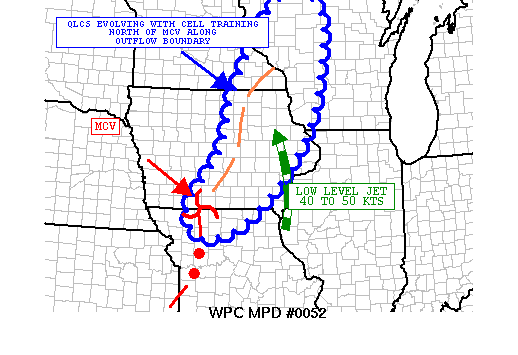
AREAS AFFECTED...NORTHERN MO...CENTRAL AND EASTERM IA...SOUTHEAST
MN...WESTERN WI

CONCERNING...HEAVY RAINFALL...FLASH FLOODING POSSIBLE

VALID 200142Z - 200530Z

SUMMARY...POTENTIAL CONTINUES FOR CONVECTIVE CLUSTERS TO MERGE AND
LOCALLY TRAIN OVER THE SAME AREA THE NEXT FEW HOURS AS A BROKEN
QLCS SLOWLY SHIFTS EAST.

DISCUSSION...NUMEROUS COLD-TOPPED CONVECTIVE CLUSTERS CONTINUE
INUNDATE THE MIDWEST ATTM...AS WHAT ESSENTIALLY CONSTITUES A QLCS
ADVANCES SLOWLY EAST WITH THE AID OF A WELL-DEFINED MCV OVER NWRN
MO. EXTENDING NORTHEAST OF THE MCV IS A WELL-DEFINED CONVECTIVELY
REINFORCED OUTFLOW BOUNDARY...WITH POCKETS OF BOWING ACTIVITY
ASSOCIATED WITH STRONGER CONVECTION. VERY UNSTABLE AIR REMAINS
POOLED CURRENTLY OVER NERN MO...SERN IA AND WRN IL...WHICH IS
BEING AIDED BY A ROBUST SRLY LOW LEVEL JET. LATEST GOES-SOUNDER
LI/S ARE ON THE ORDER OF -10 OVER PORTIONS OF THIS AREA. MEAN
LAYER FLOW REMAINS SWLY OVER THE OUTFLOW BOUNDARY...AND THIS
COUPLED WITH THE LOW LEVEL JET REACHING UPWARDS OF 40 TO 50 KTS IS
HELPING TO MITIGATE THE EASTWARD ADVANCE OF THE QLCS. RAINFALL
RATES OF 2 TO 2.5 INCHES/HR ARE EXPECTED...AND THIS COUPLED WITH
POCKETS OF TRAINING AND REPEAT CONVECTION WILL SUSTAIN A FLASH
FLOOD THREAT FOR AT LEAST THE NEXT 3 TO 4 HOURS. WILL CONTINUE TO
MONITOR.